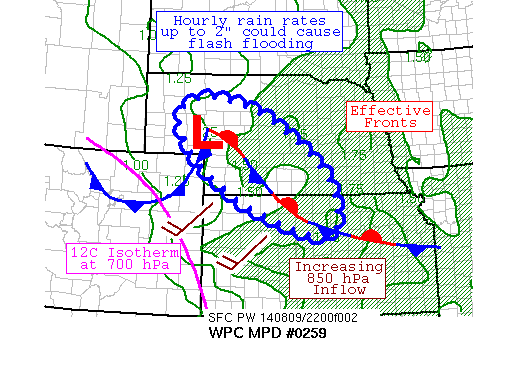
AREAS AFFECTED...WESTERN/SOUTHERN NE & NORTH-CENTRAL KS

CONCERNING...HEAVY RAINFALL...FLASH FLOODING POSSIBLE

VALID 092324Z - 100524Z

SUMMARY...A CONGEALING CONVECTIVE COMPLEX SHOULD MERGE BY 01Z
ACROSS WEST-CENTRAL AND SOUTHERN NE AND DROP SOUTHEAST INTO
NORTH-CENTRAL KS BY 06Z.  HOURLY RAIN RATES UP 2" AN HOUR COULD
CAUSE FLASH FLOODING.

DISCUSSION...AN OUTFLOW BOUNDARY SPARKED BY A HAIL-PRODUCING
THUNDERSTORM NEAR THEDFORD NE HAS SPURRED THE DEVELOPMENT OF
MULTIPLE INDIVIDUAL THUNDERSTORMS ACROSS WESTERN NE.  PRECIPITABLE
WATER VALUES OF 1.5-1.75" SUPPORT HOURLY RAIN RATES UP TO 2" AN
HOUR WITHIN THE THUNDERSTORMS, WHICH LOCAL RADARS APPEAR TO
CONFIRM.  TEMPERATURES AT 700 HPA ARE IN THE 9C RANGE, SO
MID-LEVEL CAPPING DOES NOT APPEAR TO BE IN PLAY WITH THIS AREA OF
STORMS.  MOST UNSTABLE CAPE VALUES OF 3000-4000 J/KG EXIST ACROSS
THE REGION, WHICH ARE ON THE HIGH END FOR THE WET MULTI-CELL
ENVIRONMENT, AND IMPLY EVENTUAL FORWARD PROPAGATION.

AS 850 HPA INFLOW INCREASES TOWARDS 20 KTS INTO A STATIONARY FRONT
AHEAD OF THE DEVELOPING COMPLEX, THE AVAILABLE CAPE AND INCREASING
FORWARD PROPAGATION OF THE COMPLEX COULD ALLOW FOR THE DEVELOPMENT
OF A WARM ADVECTION THUNDERSTORM BAND IN ADVANCE OF MAIN STORM
CLUSTER.  THESE DEVELOPMENTS SHOULD SHUT OFF INFLOW INTO A
LINGERING THUNDERSTORM BAND ACROSS EASTERN NE.  THE COMPLEX'S
EXPECTED FORWARD MOTION -- SOUTHEAST AT ~25 KTS -- COULD ALLOW IT
TO SHED PRECIPITATION OVER A FAIRLY SHORT TIME SCALE.  THE 18Z
SSEO NEIGHBORHOOD PROBABILITIES PEAK NEAR THE KS/NE BORDER IN THE
03-06Z PERIOD, WITH A 70%+ CHANCE OF EXCEEDING THREE HOURLY FLASH
FLOOD GUIDANCE VALUES DURING THAT TIME FRAME.  WITH HOURLY RAIN
RATES UP TO 2" AN HOUR AND THE MESOSCALE GUIDANCE SHOWING LOCAL
MAXIMA IN THE 3-5" RANGE NEAR THE NE/KS BORDER, FLASH FLOODING IS
CONSIDERED POSSIBLE WITHIN THIS REGION.